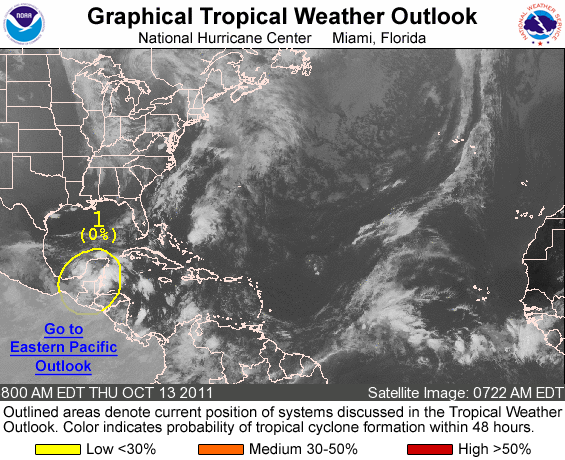
FOR THE NORTH ATLANTIC...CARIBBEAN SEA AND THE GULF OF MEXICO...

1. A BROAD AREA OF LOW PRESSURE...INCLUDING THE REMNANTS OF EAST PACIFIC TROPICAL DEPRESSION TWELVE-E...EXTENDS FROM SOUTHEASTERN MEXICO EASTWARD INTO THE NORTHWESTERN CARIBBEAN SEA AND IS PRODUCING AN AREA OF DISORGANIZED SHOWER AND THUNDERSTORM ACTIVITY. WHILE TROPICAL CYCLONE DEVELOPMENT IS NOT EXPECTED DUE TO LAND INTERACTION...LOCALLY HEAVY RAINFALL IS LIKELY DURING THE NEXT COUPLE OF DAYS OVER PORTIONS OF SOUTHEASTERN MEXICO...THE YUCATAN PENINSULA...BELIZE...AND GUATEMALA AS THIS SYSTEM REMAINS NEARLY STATIONARY. THIS SYSTEM HAS A LOW CHANCE...NEAR 0 PERCENT...OF BECOMING A TROPICAL CYCLONE DURING THE NEXT 48 HOURS.

ELSEWHERE...TROPICAL CYCLONE FORMATION IS NOT EXPECTED DURING THE NEXT 48 HOURS.

FORECASTER BRENNAN